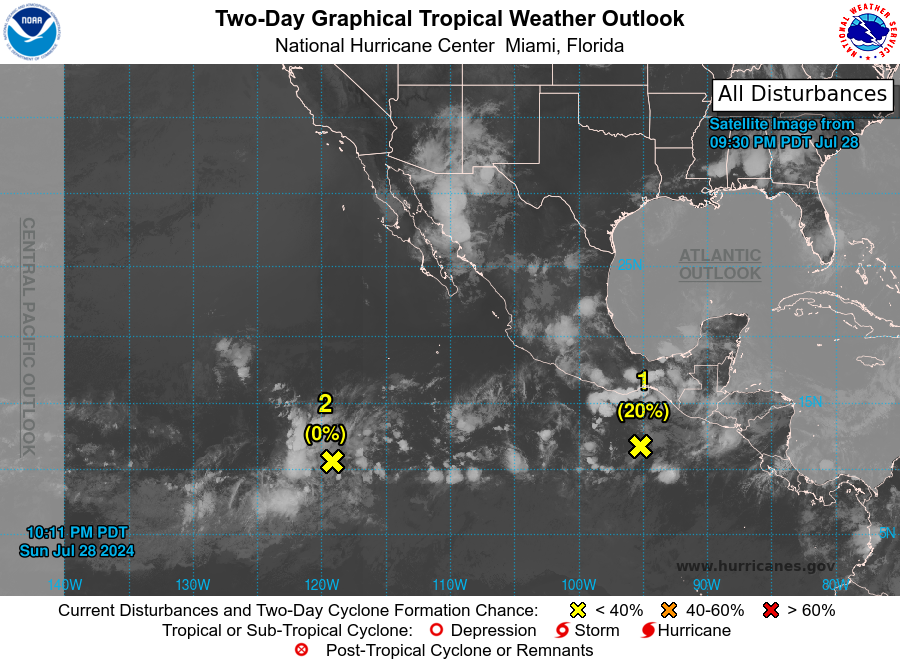
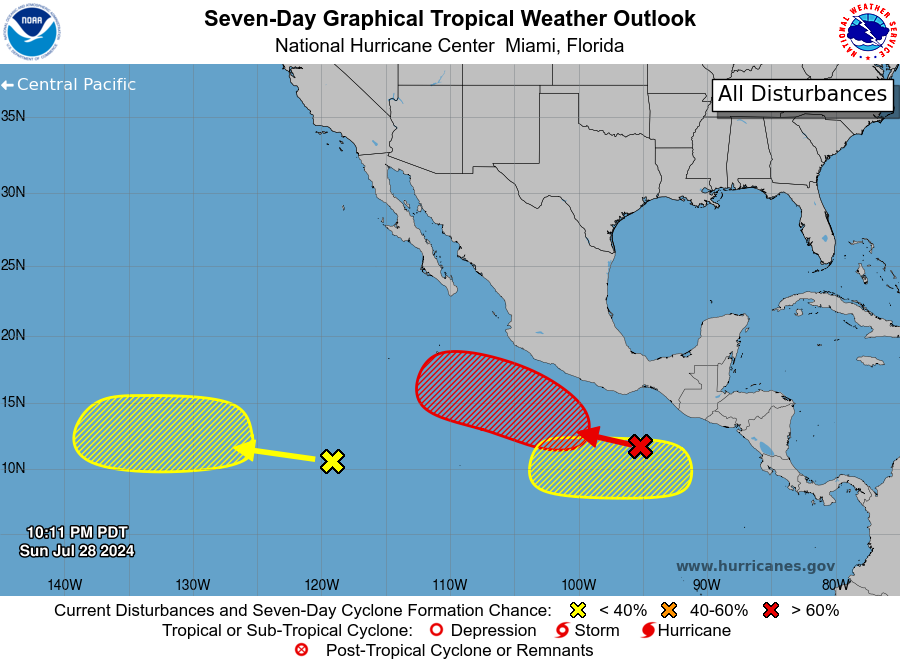
For the eastern North Pacific...east of 140 degrees west longitude:

1. South of Southern Mexico: An area of disorganized showers and thunderstorms located a few hundred miles south of the southern coast of Mexico is associated with a tropical wave. Environmental conditions appear conducive for gradual development of this system, and a tropical depression is likely to form during the middle part of the week. The system is forecast to move westward to west-northwestward at 10 to 15 mph during the next several days, remaining offshore of the southern coast of Mexico.
* Formation chance through 48 hours...low...20 percent.
* Formation chance through 7 days...high...80 percent.

2. Western East Pacific: Another tropical wave located well to the southwest of the southern tip of the Baja California Peninsula continues to produce some disorganized showers and thunderstorms. Gradual development of this system is possible during the middle and latter parts of the week while it moves westward to west-northwestward at about 10 mph across the western portion of the basin.
* Formation chance through 48 hours...low...near 0 percent.
* Formation chance through 7 days...low...30 percent.

3. South of Central America and Southern Mexico: An area of low pressure could form offshore of the coast of Central America and southern Mexico towards the end of the week. Some gradual development of this system is possible thereafter while it moves generally westward.
* Formation chance through 48 hours...low...near 0 percent.
* Formation chance through 7 days...low...30 percent.

Forecaster Blake